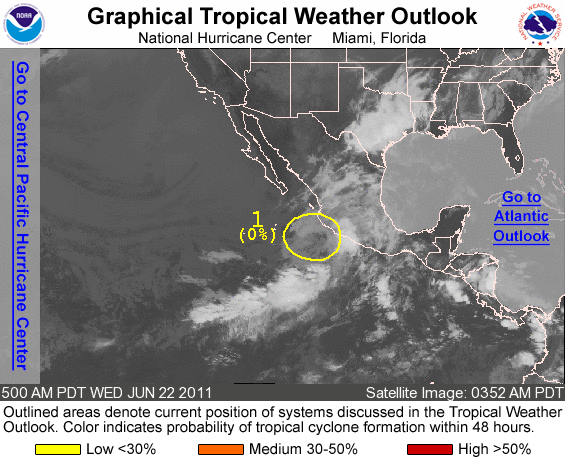
FOR THE EASTERN NORTH PACIFIC...EAST OF 140 DEGREES WEST LONGITUDE..

1. THE REMNANTS OF BEATRIZ ARE CENTERED ABOUT 175 MILES SOUTHWEST OF CABO CORRIENTES MEXICO. THERE IS A LOW CHANCE...NEAR 0 PERCENT...OF REGENERATION.

TROPICAL CYCLONE FORMATION IS NOT EXPECTED DURING THE NEXT 48 HOURS.

FORECASTER AVILA